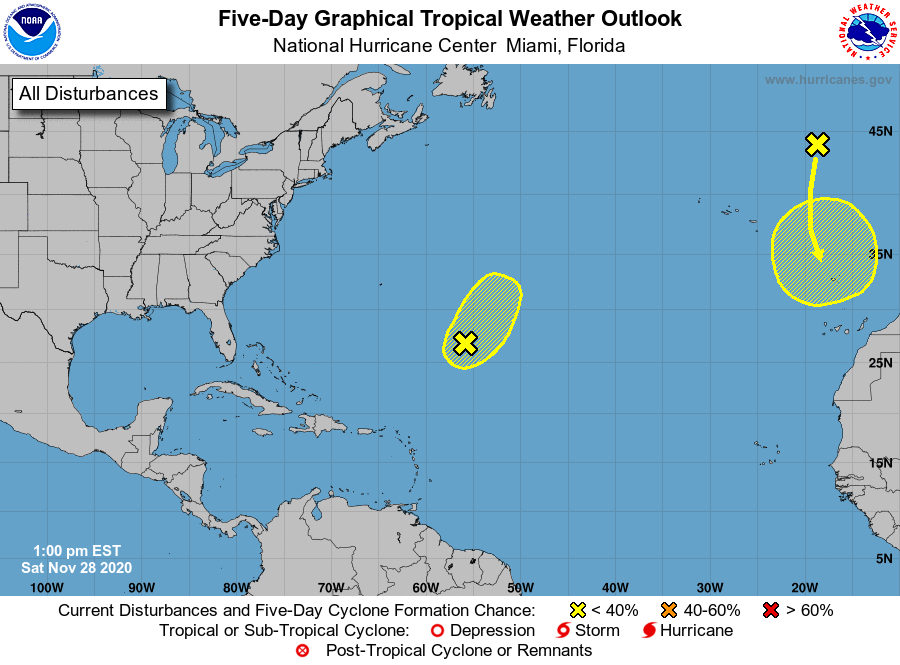
For the North Atlantic...Caribbean Sea and the Gulf of Mexico:

1. A strong, non-tropical low pressure system over the far eastern Atlantic is expected to move southward about midway between Portugal and the Azores through the weekend. Environmental conditions could allow the low to acquire subtropical characteristics early next week while it meanders just to the north of the Canary Islands. By the middle of next week, environmental conditions are forecast to become unfavorable for further development. Additional information on this system can be found in high seas forecasts issued by Meteo France.
* Formation chance through 48 hours...low...20 percent.
* Formation chance through 5 days...low...30 percent.

2. Recent satellite-derived wind data indicate that the non-tropical low pressure area located over 650 miles east-southeast of Bermuda has opened up into a surface trough. Development of this system appears increasingly unlikely before it is absorbed by another non-tropical low pressure system to its north on Sunday and eventually merges with an approaching frontal system over the north-central Atlantic early next week.
* Formation chance through 48 hours...low...20 percent.
* Formation chance through 5 days...low...20 percent.

High seas forecasts issued by Meteo France can be found under WMO header FQNT50 LFPW.

Forecaster Reinhart/Latto